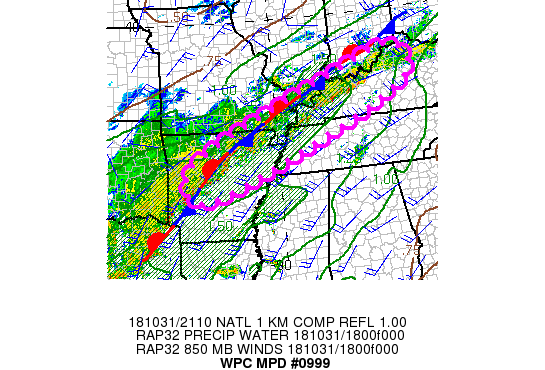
Areas affected...Mid-South into the Ohio Valley

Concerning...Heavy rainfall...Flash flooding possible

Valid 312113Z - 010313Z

Summary...Convergence of subtropical moisture on a stationary
front will continue to allow repeating thunderstorms with hourly
rates up to 2 inches this evening from northern AR and up the
lower OH River Valley.

Discussion...A stationary front persists from AR into the lower OH
Valley. Broad southerly flow provides subtropical moisture (sfc
dewpoints in the mid 60s) that encounters instability of 1000-1500
J/kg per latest RAP mesoanalysis. PWATs are around 1.5" per 20Z
GPS data, which is 2 to 2.5 standard deviations above normal.

A favorable flash flood setup is developing along this narrow
frontal zone which is oriented with the deep layer southwesterly
flow. Some squall activity is noted in north-central AR which may
shift the front some, but otherwise little movement is expected in
precipitation over this area into late tonight.

Flash flood guidance is generally 2.5 to 3 inches in three hours,
so the local rain rates of 1.5 to 2" per hour (as recently seen
near KPAH) could cause flash flooding to begin in the near future
with the threat lasting at least through midnight.